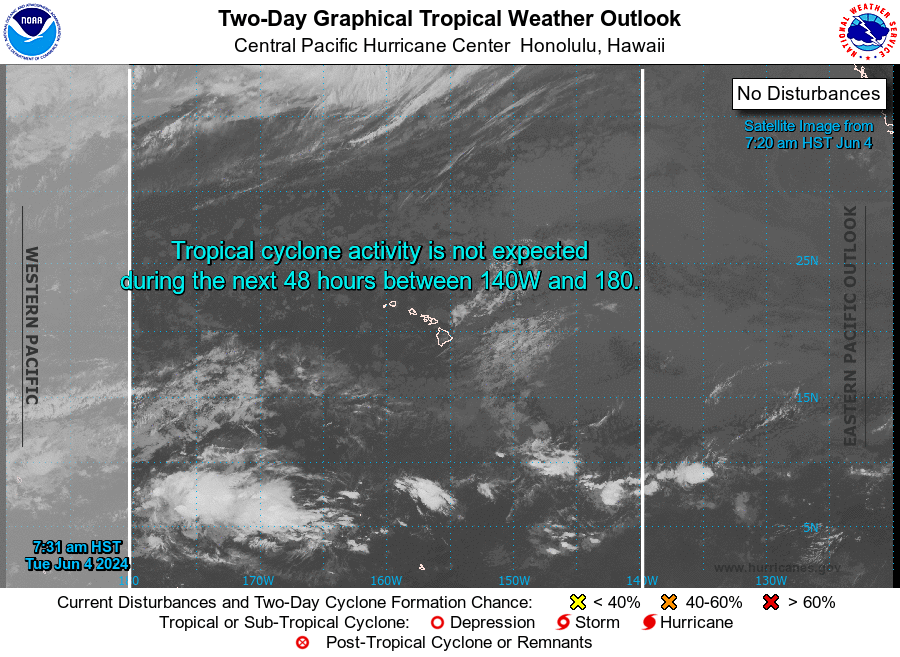
For the central North Pacific...between 140W and 180W:

No tropical cyclones are expected during the next 7 days.

Forecaster M Ballard